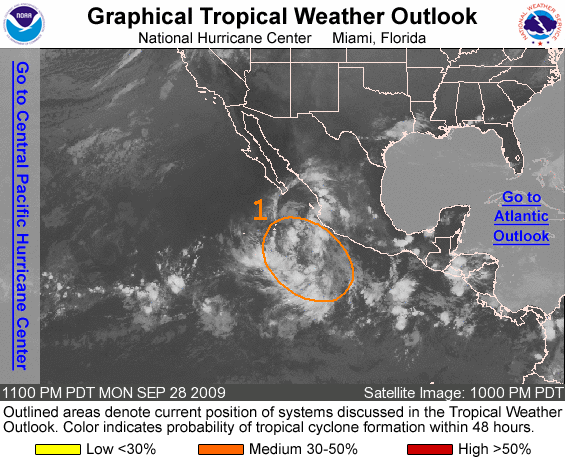
FOR THE EASTERN NORTH PACIFIC...EAST OF 140 DEGREES WEST LONGITUDE..

1. A BROAD AREA OF LOW PRESSURE LOCATED A FEW HUNDRED MILES SOUTH-SOUTHWEST OF MANZANILLO MEXICO IS PRODUCING A LARGE AREA OF CLOUDINESS AND DISORGANIZED SHOWERS. CONDITIONS APPEAR FAVORABLE FOR GRADUAL DEVELOPMENT OF THIS SYSTEM DURING THE NEXT COUPLE OF DAYS AS IT MOVES WEST-NORTHWESTWARD AROUND 10 MPH. THERE IS A MEDIUM CHANCE....30 TO 50 PERCENT...OF THIS SYSTEM BECOMING A TROPICAL CYCLONE DURING THE NEXT 48 HOURS.

ELSEWHERE...TROPICAL CYCLONE FORMATION IS NOT EXPECTED DURING THE NEXT 48 HOURS.

FORECASTER BROWN